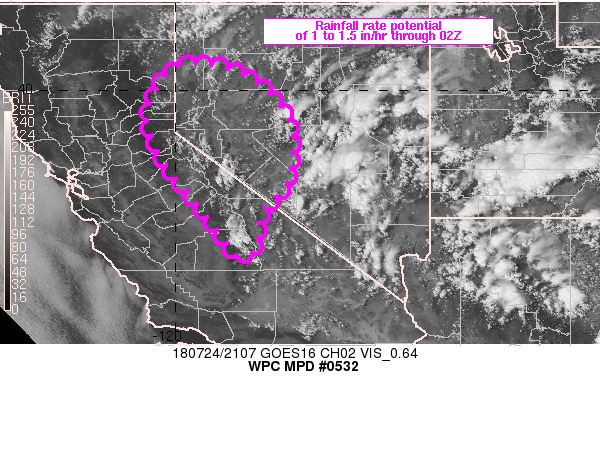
Areas affected...Sierra Nevada Mountains into western Nevada

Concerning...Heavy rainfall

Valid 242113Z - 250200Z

SUMMARY...An increased threat for flash flooding will develop
later this afternoon into the evening hours from the Sierra Nevada
Mountains into western Nevada. Rainfall rates up to 1 or 1.5 in/hr
may cause excessive runoff through 02Z.

DISCUSSION...12Z soundings from locations across Nevada into
northern California showed precipitable water values in the
90-95th percentile, ranging from 0.94 inches at REV to 1.24 inches
at VEF. While some drying has been noted as seen in the special
18Z REV sounding with a precipitable water value of 0.75 inches,
standardized anomalies remain +1.5 to +2.5 across the region.
Mostly clear skies up until this point have allowed for increasing
CAPE and visible satellite imagery from GOES 16 showed increasing
towering cumulus for a few locations across the Sierra Nevada
range.

With continued daytime heating and CAPE production amid the
anomalous moisture environment, convective coverage should
increase into the late afternoon. Per observed and forecast
soundings, deep layered flow is unidirectional from the
south-southwest with weak wind speeds (less than 20 kt) located
below about 300 or 400 mb. Upper level flow is stronger over
northern Nevada, but the concern is convection in its incipient
stages which should be shallower and be contained within the
portion of the troposphere containing weaker wind speeds, with the
potential for slow movement/training across the higher terrain.
Eventual development into portions of western Nevada will be
possible near and beyond 00Z as highlighted by locally run WRF
simulated reflectivity from the University of Arizona.

The flash flood threat across California into Nevada is expected
to remain scattered but localized issues will develop especially
if overlap occurs with burn scar locations.